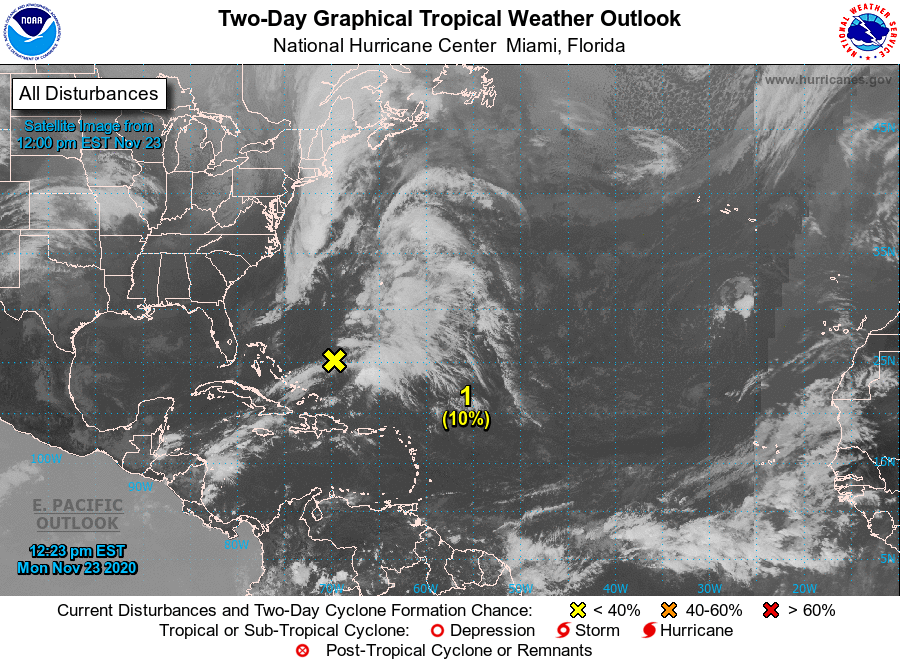
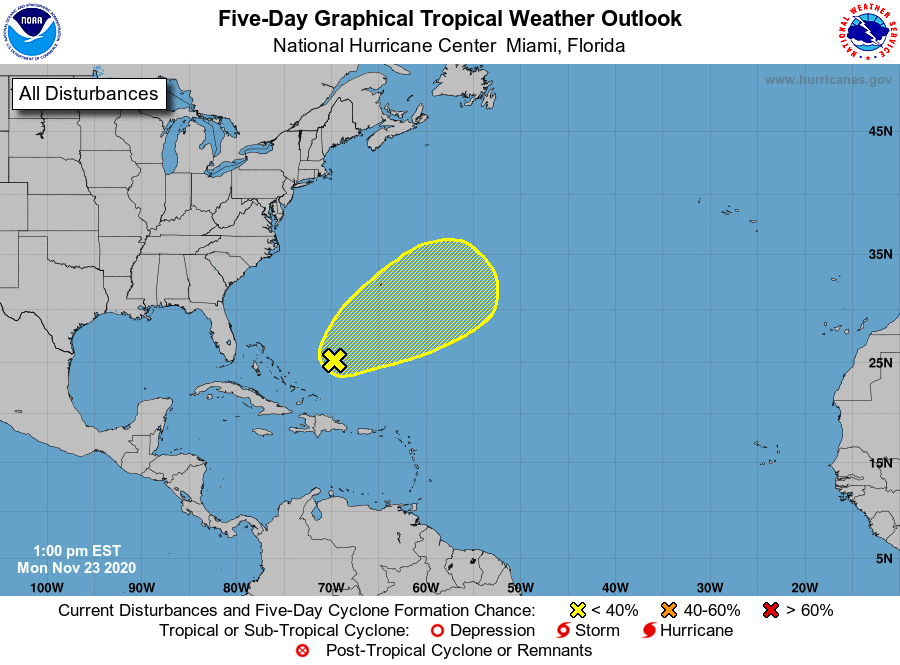
For the North Atlantic...Caribbean Sea and the Gulf of Mexico:

1. A broad area of low pressure located a few hundred miles northeast of the central Bahamas continues to produce disorganized cloudiness and showers well to the northeast and east of its center. Strong upper-level winds are expected to limit additional development of the system before the low merges with a cold front on Tuesday. Later in the week, the system could become separated from the front and it might develop some subtropical characteristics while it meanders over the central Atlantic.
* Formation chance through 48 hours...low...10 percent.
* Formation chance through 5 days...low...20 percent.

Forecaster Cangialosi